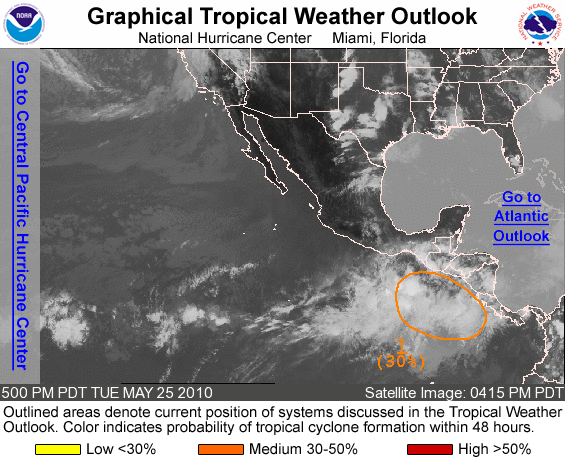
FOR THE EASTERN NORTH PACIFIC...EAST OF 140 DEGREES WEST LONGITUDE..

1. A LARGE AREA OF DISTURBED WEATHER IS CENTERED ABOUT 285 MILES SOUTH OF EL SALVADOR IN CENTRAL AMERICA. ALTHOUGH THIS AREA IS CURRENTLY DISORGANIZED...ENVIRONMENTAL CONDITIONS APPEAR TO BE FAVORABLE FOR SOME DEVELOPMENT AS THE DISTURBANCE DRIFTS TOWARD THE NORTHWEST DURING THE NEXT DAY OR TWO. THIS SYSTEM HAS THE POTENTIAL TO PRODUCE LOCALLY HEAVY RAINS AND FLOODING OVER PORTIONS OF CENTRAL AMERICA DURING THE NEXT FEW DAYS. THERE IS A MEDIUM CHANCE...30 PERCENT...OF THIS SYSTEM BECOMING A TROPICAL CYCLONE DURING THE NEXT 48 HOURS.

ELSEWHERE...TROPICAL CYCLONE FORMATION IS NOT EXPECTED DURING THE NEXT 48 HOURS.

FORECASTER AVILA